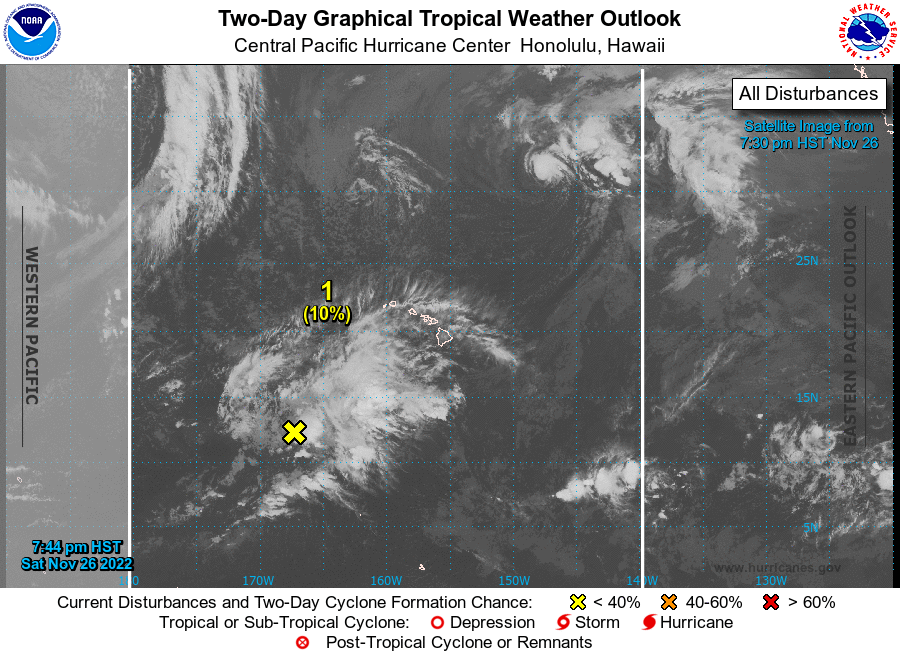
For the central North Pacific...between 140W and 180W:

A surface trough located about 870 miles southwest of Honolulu, Hawaii is producing disorganized showers and thunderstorms. An area of low pressure could form along the trough during the next day or two, with some slow development possible next week as it moves slowly toward the north.

1.
* Formation chance through 48 hours...low...near 10 percent
* Formation chance through 5 days...low...20 percent

Elsewhere, no tropical cyclones are expected during the next 5 days.

The central North Pacific hurricane season officially ends on November 30. The final Tropical Weather Outlook of the season will be issued at 8 PM HST on November 30. Routine issuance of the Tropical Weather Outlook will resume on June 1, 2023. During the off-season, Special Tropical Weather Outlooks will be issued if conditions warrant.

Forecaster Houston